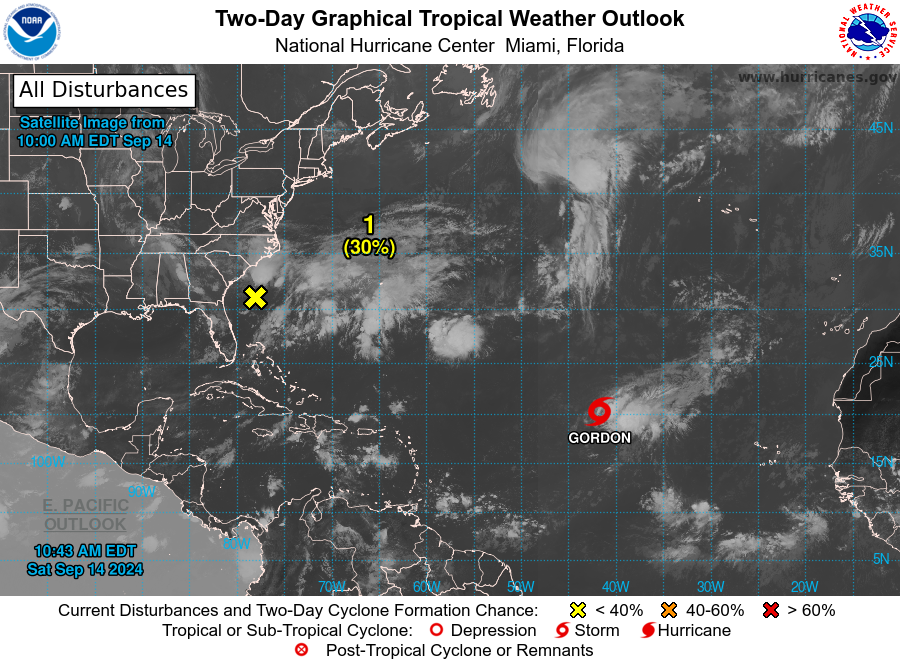
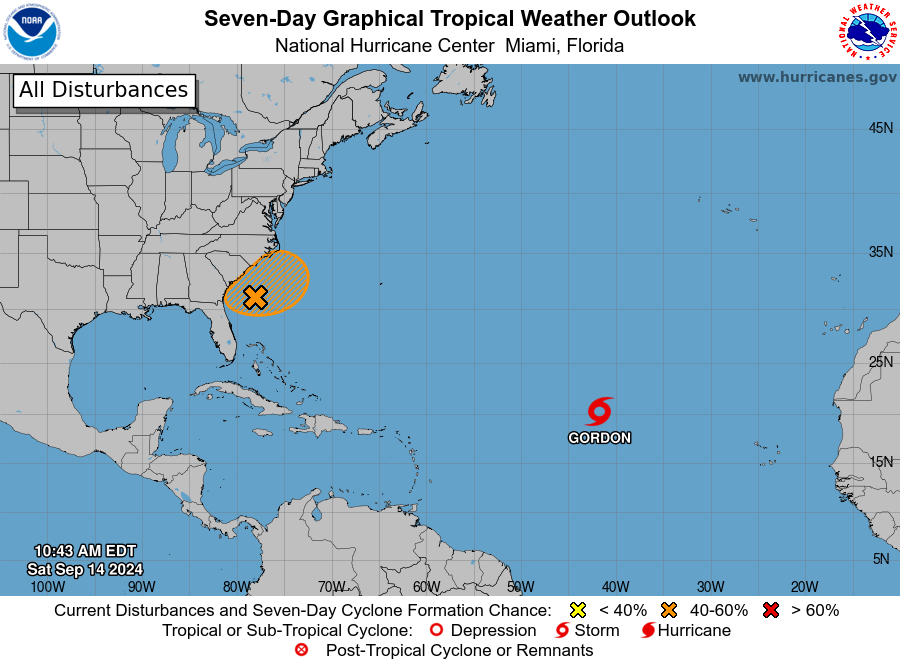
For the North Atlantic...Caribbean Sea and the Gulf of Mexico:

Active Systems: The National Hurricane Center is issuing advisories on Tropical Storm Gordon, located over the central tropical Atlantic Ocean.

1. Offshore the Southeastern U.S.: A non-tropical area of low pressure is expected to form this weekend along a frontal boundary a few hundred miles off the southeastern U.S. coastline. The system could gradually acquire subtropical or tropical characteristics thereafter over the warm waters of the Gulf Stream, and a subtropical or tropical depression or storm could form early next week while the system moves generally northwestward toward the coast. Additional information on this system can be found in products issued by your local National Weather Service Forecast Office and High Seas Forecasts issued by the National Weather Service.
* Formation chance through 48 hours...low...30 percent.
* Formation chance through 7 days...medium...50 percent.

High Seas Forecasts issued by the National Weather Service can be found under AWIPS header NFDHSFAT1, WMO header FZNT01 KWBC, and online at ocean.weather.gov/shtml/NFDHSFAT1.php

Forecaster Kelly/Mahoney